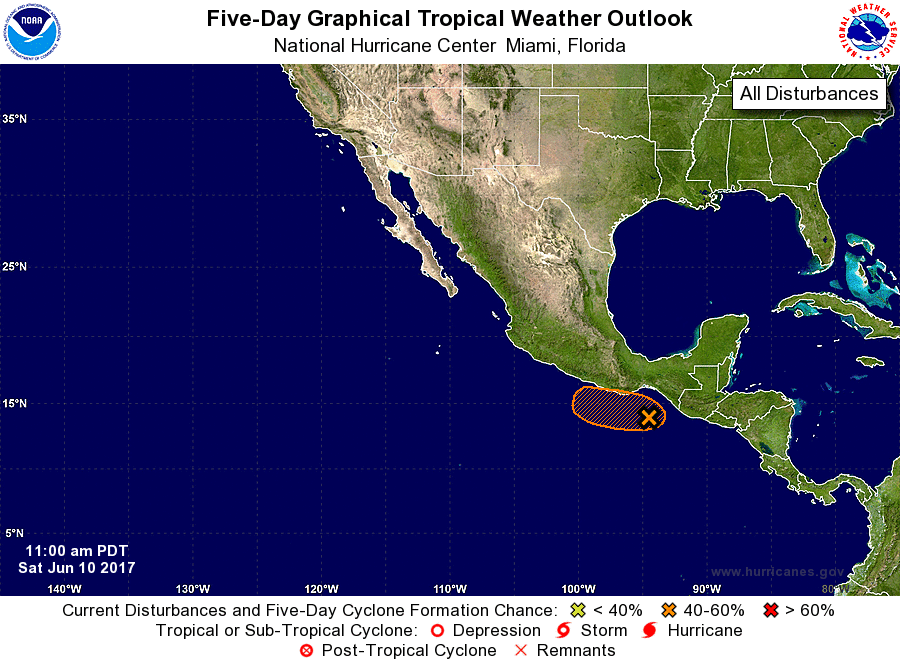
For the eastern North Pacific...east of 140 degrees west longitude:

1. Showers and thunderstorms have increased a little today in association with a broad area of low pressure located a couple of hundred miles south of the Gulf of Tehuantepec. Some gradual development of this system is possible during the next few days while it moves slowly west-northwestward to northwestward along or near the coast of Mexico. Regardless of development, locally heavy rains should spread over the coasts of El Salvador, Guatemala, and southeastern Mexico during the next few days.
* Formation chance through 48 hours...low...20 percent.
* Formation chance through 5 days...medium...40 percent.

Forecaster Cangialosi